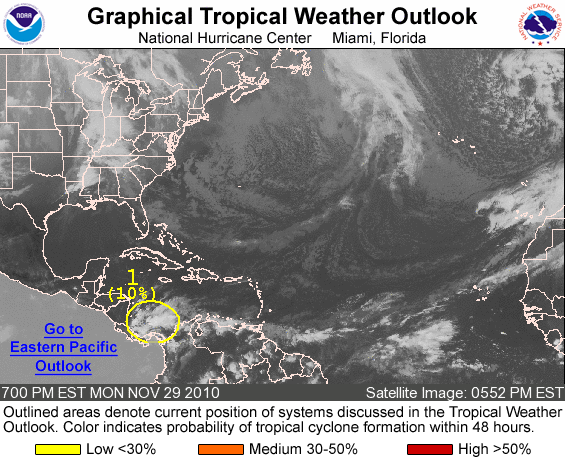
FOR THE NORTH ATLANTIC...CARIBBEAN SEA AND THE GULF OF MEXICO...

1. A BROAD AREA OF LOW PRESSURE HAS FORMED OVER THE SOUTHWESTERN CARIBBEAN SEA. THIS DISTURBANCE IS PRODUCING DISORGANIZED SHOWERS AND THUNDERSTORMS...AND ANY DEVELOPMENT SHOULD BE SLOW TO OCCUR. THERE IS A LOW CHANCE...10 PERCENT...OF THIS SYSTEM BECOMING A TROPICAL CYCLONE DURING THE NEXT 48 HOURS AS IT MOVES LITTLE.

ELSEWHERE...TROPICAL CYCLONE FORMATION IS NOT EXPECTED DURING THE NEXT 48 HOURS.

FORECASTER CANGIALOSI